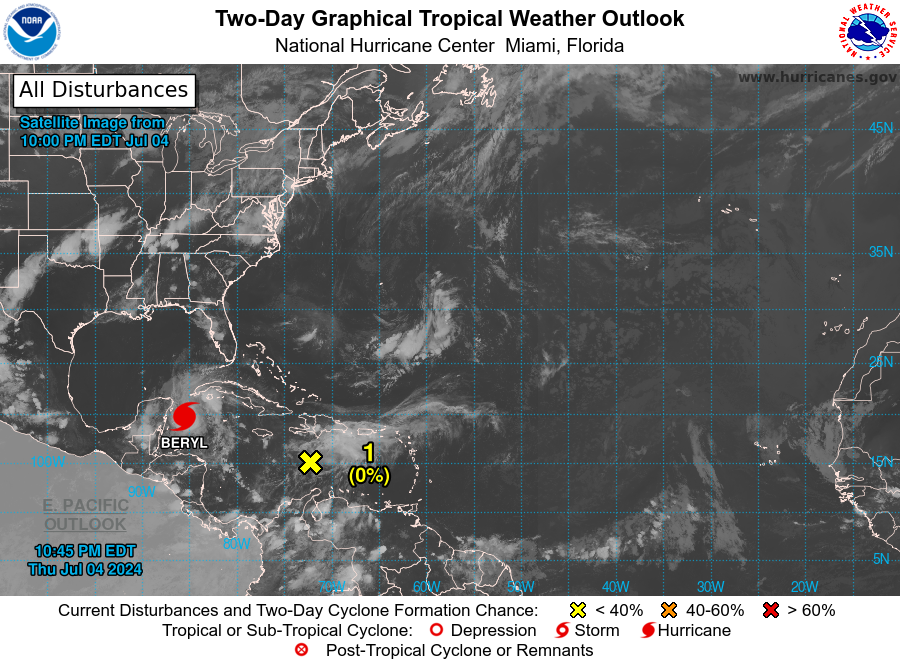
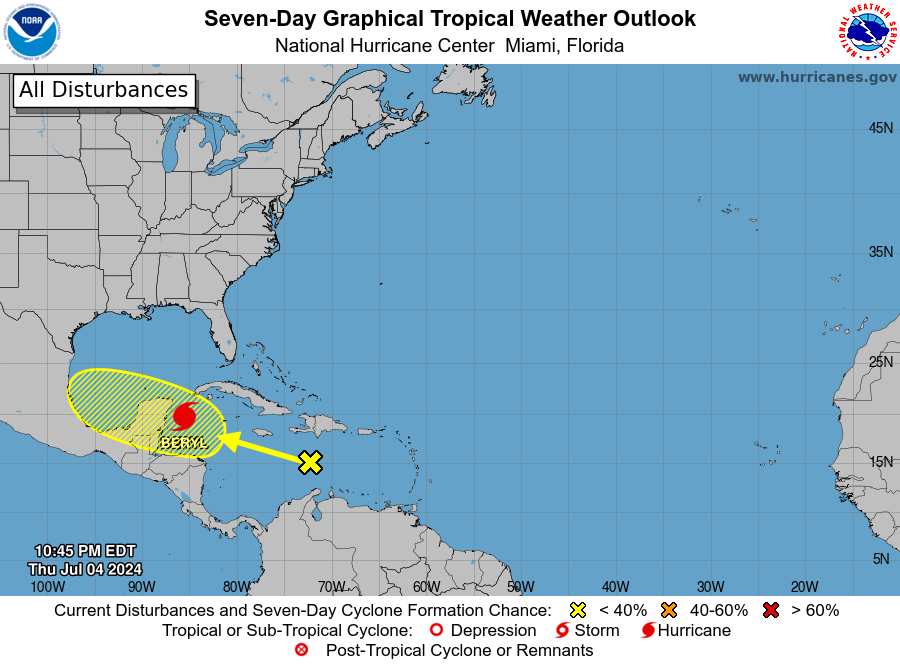
For the North Atlantic...Caribbean Sea and the Gulf of Mexico:

Active Systems: The National Hurricane Center is issuing advisories on Hurricane Beryl, located over the northwestern Caribbean Sea.

1. Central Caribbean Sea (AL96): A tropical wave located over the central Caribbean Sea continues to producing some disorganized shower and thunderstorm activity. Development, if any, of this system should be slow to occur while it moves westward to west-northwestward at 15 to 20 mph during the next several days. The system is forecast to cross the Yucatan Peninsula late this weekend and enter the southwestern Gulf of Mexico by early next week. Regardless of development, gusty winds and locally heavy rainfall are possible across portions of the Greater Antilles over the next few days.
* Formation chance through 48 hours...low...near 0 percent.
* Formation chance through 7 days...low...10 percent.

Forecaster Hagen/Cangialosi